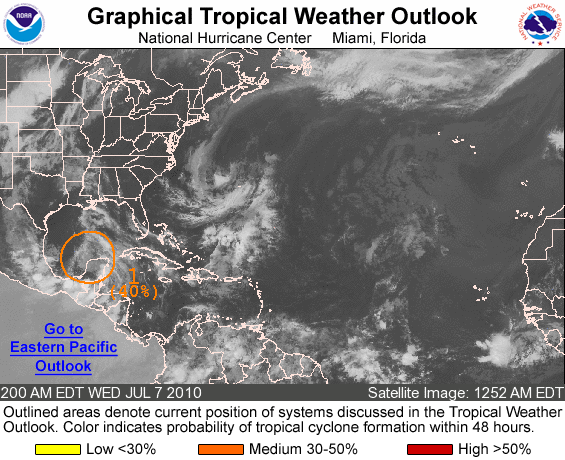
FOR THE NORTH ATLANTIC...CARIBBEAN SEA AND THE GULF OF MEXICO...

1. CLOUDINESS...SHOWERS...AND THUNDERSTORMS CONTINUE IN ASSOCIATION WITH A BROAD LOW PRESSURE SYSTEM CENTERED NEAR THE NORTHWESTERN COAST OF THE YUCATAN PENINSULA. ALTHOUGH THIS SYSTEM HAS CHANGED LITTLE IN ORGANIZATION OVER THE PAST SEVERAL HOURS...ENVIRONMENTAL CONDITIONS APPEAR TO BE CONDUCIVE FOR SOME DEVELOPMENT OF THIS DISTURBANCE DURING THE NEXT DAY OR TWO AS IT MOVES WEST- NORTHWESTWARD AT 10 TO 15 MPH. THERE IS A MEDIUM CHANCE...40 PERCENT...OF THIS SYSTEM BECOMING A TROPICAL CYCLONE DURING THE NEXT 48 HOURS. HEAVY RAINFALL AND GUSTY WINDS ARE POSSIBLE OVER PORTIONS OF THE YUCATAN PENINSULA TODAY.

ELSEWHERE...TROPICAL CYCLONE FORMATION IS NOT EXPECTED DURING THE NEXT 48 HOURS.

FORECASTER PASCH